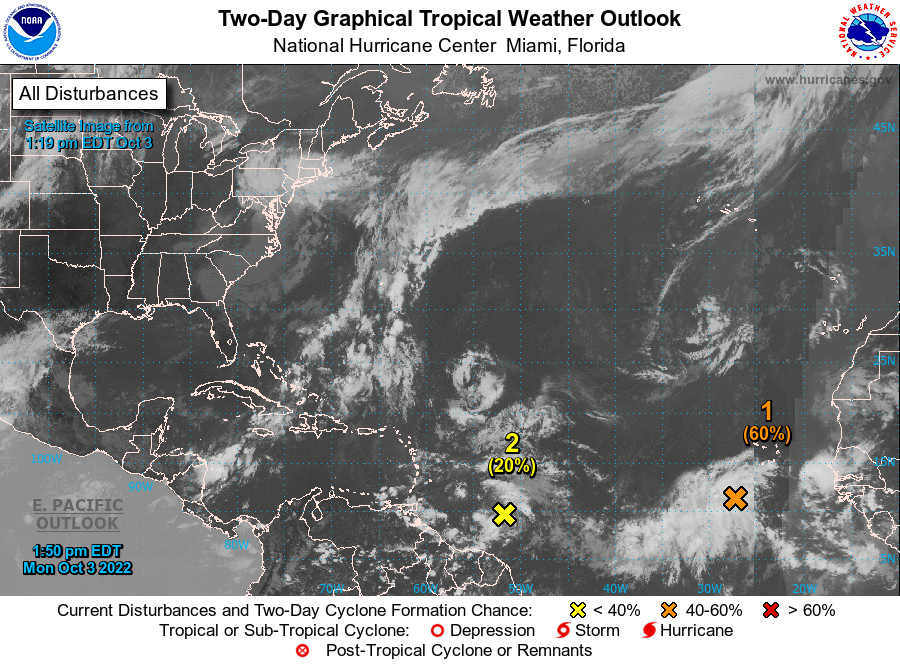
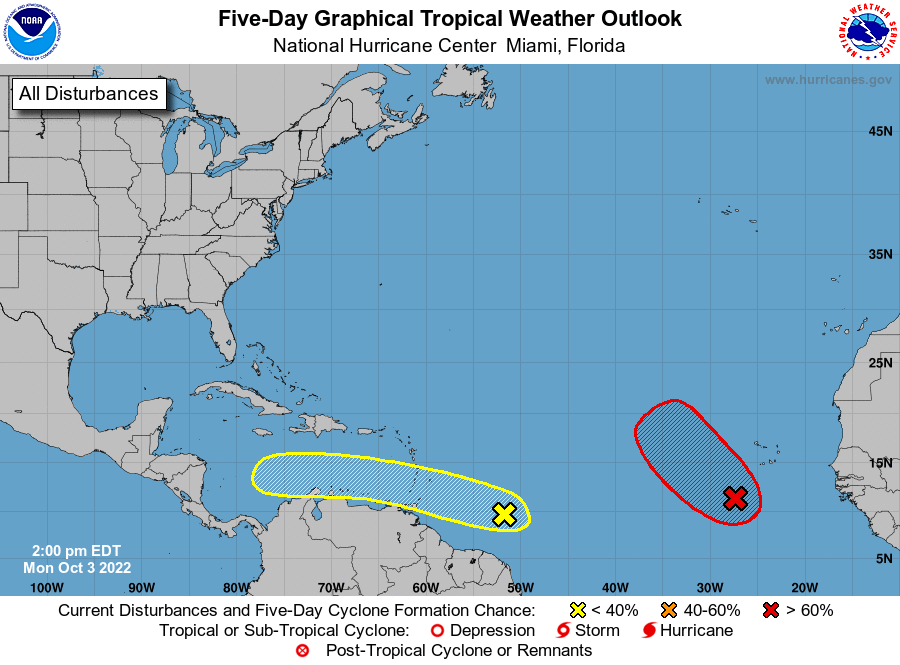
For the North Atlantic...Caribbean Sea and the Gulf of Mexico:

1. Eastern Tropical Atlantic: Showers and thunderstorms have increased today in association with an area of low pressure located a few hundred miles south-southwest of the Cabo Verde Islands. Environmental conditions are conducive for gradual development, and a tropical depression is likely to form in a day or two. Further development will become less likely late this week due to increasing upper-level winds. The system is forecast to move west-northwestward and then turn northwestward by mid-week over the eastern tropical Atlantic.
* Formation chance through 48 hours...medium...60 percent.
* Formation chance through 5 days...high...70 percent.

2. East of the Windward Islands: Showers and thunderstorms associated with a tropical wave located several hundred miles east of the southern Windward Islands have changed little in organization during the last several hours. Slow development is possible during the next several days while the wave moves generally westward at 15 to 20 mph, reaching the Windward Islands and the eastern Caribbean Sea by midweek. Interests in the Windward Islands should monitor the progress of the system.
* Formation chance through 48 hours...low...20 percent.
* Formation chance through 5 days...low...30 percent.

Forecaster Hagen/Brown